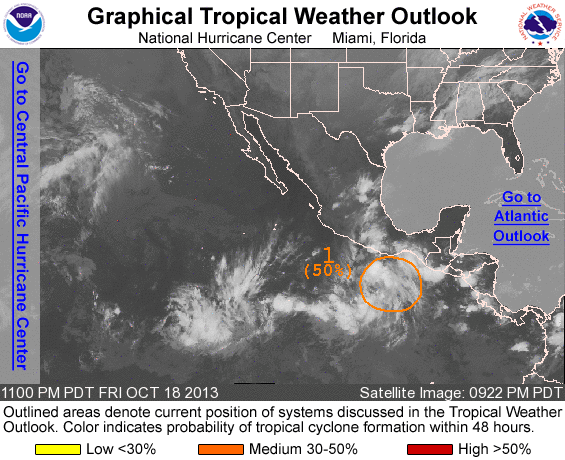
FOR THE EASTERN NORTH PACIFIC...EAST OF 140 DEGREES WEST LONGITUDE..

1. SHOWERS AND THUNDERSTORMS HAVE CHANGED LITTLE IN ORGANIZATION DURING THE PAST FEW HOURS IN ASSOCIATION WITH A BROAD AREA OF LOW PRESSURE LOCATED ABOUT 450 MILES SOUTH-SOUTHEAST OF ACAPULCO MEXICO. HOWEVER...CONDITIONS ARE EXPECTED TO BE CONDUCIVE FOR GRADUAL DEVELOPMENT...AND A TROPICAL DEPRESSION COULD FORM DURING THE NEXT FEW DAYS AS THIS SYSTEM MOVES WEST-NORTHWESTWARD AT 5 TO 10 MPH. THIS SYSTEM HAS A MEDIUM CHANCE...50 PERCENT...OF BECOMING A TROPICAL CYCLONE DURING THE NEXT 48 HOURS...AND A HIGH CHANCE...70 PERCENT...OF BECOMING A TROPICAL CYCLONE DURING THE NEXT 5 DAYS. INTERESTS ALONG THE SOUTHWESTERN COAST OF MEXICO SHOULD MONITOR THE PROGRESS OF THIS SYSTEM FOR THE NEXT SEVERAL DAYS.

FIVE-DAY FORMATION PROBABILITIES ARE EXPERIMENTAL IN 2013. COMMENTS ON THE EXPERIMENTAL FORECASTS CAN BE PROVIDED AT...

HTTP://WWW.NWS.NOAA.GOV/SURVEY/NWS-SURVEY.PHP?CODE=ETWO

FORECASTER BRENNAN